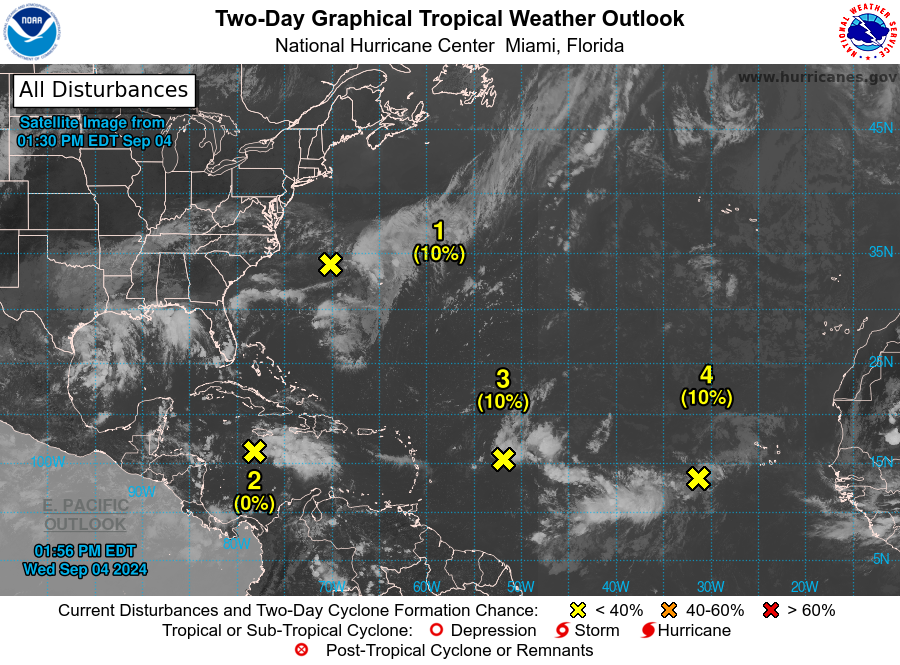
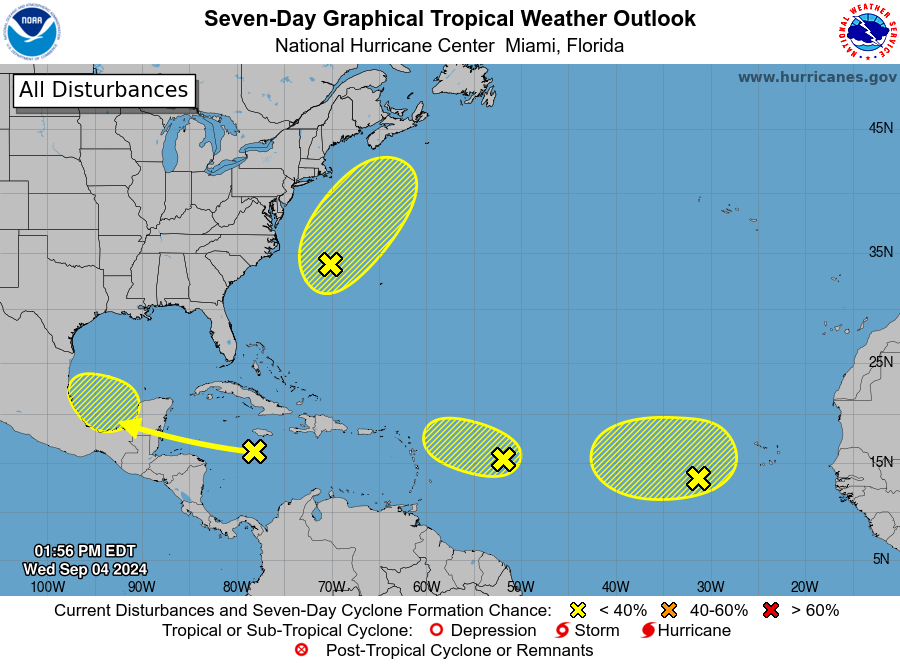
For the North Atlantic...Caribbean Sea and the Gulf of Mexico:

1. Northwestern Atlantic: A non-tropical area of low pressure located a few hundred miles east of North Carolina is producing disorganized showers and thunderstorms. This system could acquire some subtropical characteristics over the next few days as it moves north- northeastward, remaining offshore of the northeastern United States. Additional information on this system can be found in High Seas Forecasts issued by the National Weather Service.
* Formation chance through 48 hours...low...10 percent.
* Formation chance through 7 days...low...20 percent.

2. Northwestern Caribbean Sea and Southwestern Gulf of Mexico: A tropical wave moving quickly westward at about 20 mph is producing a broad area of disorganized showers and thunderstorms across portions of the central Caribbean Sea. Some development is possible early next week when the system moves over the southwestern Gulf of Mexico.
* Formation chance through 48 hours...low...near 0 percent.
* Formation chance through 7 days...low...30 percent.

3. Central Tropical Atlantic Ocean: Another tropical wave located several hundred miles east of the Lesser Antilles is producing disorganized shower and thunderstorm activity. Development of this system, if any, is expected to be slow to occur over the next couple of days while it moves west-northwestward at 10 to 15 mph. Environmental conditions are expected to become less favorable for additional development by the end of the week.
* Formation chance through 48 hours...low...10 percent.
* Formation chance through 7 days...low...10 percent.

4. Eastern Tropical Atlantic Ocean: An elongated trough of low pressure over the eastern tropical Atlantic is producing disorganized showers and thunderstorms. Some slow development of this system is possible during the next few days while it drifts northwestward.
* Formation chance through 48 hours...low...10 percent.
* Formation chance through 7 days...low...20 percent.

High Seas Forecasts are issued by the National Weather Service under AWIPS header NFDHSFAT1 and WMO header FZNT01 KWBC, and online at ocean.weather.gov/shtml/NFDHSFAT1.php

Forecaster Hagen